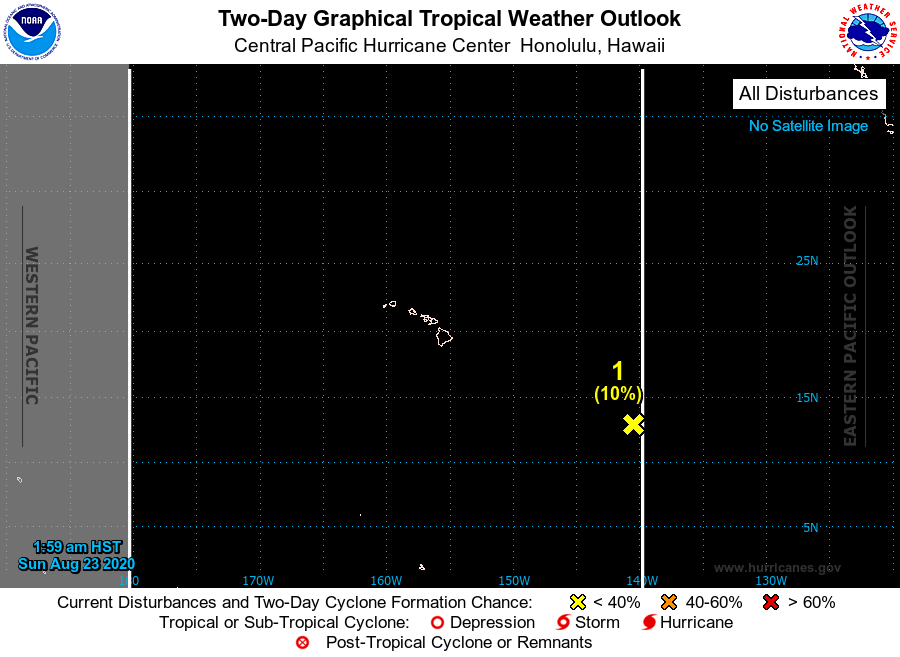
For the central North Pacific...between 140W and 180W:

1. The remnant low of Tropical Depression Ten-E, located around 1050 miles east-southeast of Hilo, Hawaii, is producing disorganized showers and thunderstorms early this morning. Environmental conditions are expected to become increasingly unfavorable for development during the next couple days as the system tracks slowly northward.
* Formation chance through 48 hours...low...10 percent.
* Formation chance through 5 days...low...10 percent.

Elsewhere, no tropical cyclones are expected during the next 5 days.

Forecaster Jelsema